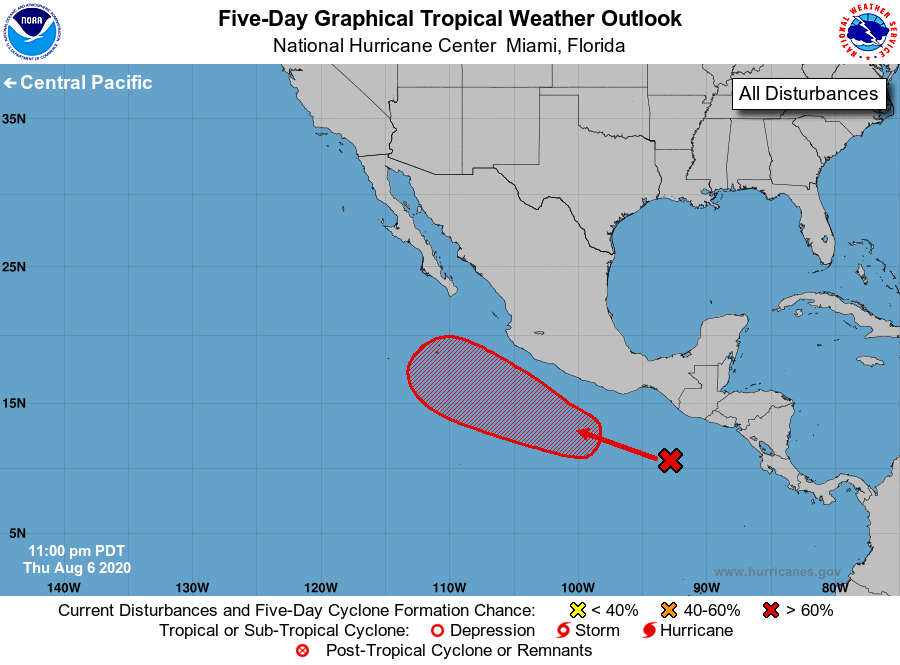
For the eastern North Pacific...east of 140 degrees west longitude:

1. Disorganized showers and thunderstorms located a few hundred miles south of the southern coast of Mexico and Guatemala are associated with a tropical wave. Environmental conditions are forecast to become increasingly conducive for development, and a tropical depression is likely to form early next week while the system moves generally west-northwestward.
* Formation chance through 48 hours...low...10 percent.
* Formation chance through 5 days...high...70 percent.

Forecaster Latto